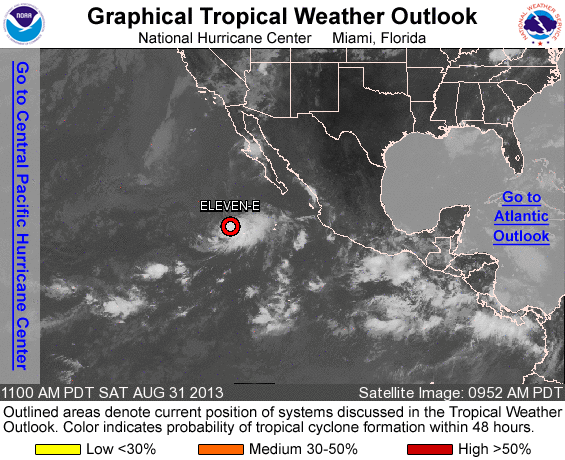
FOR THE EASTERN NORTH PACIFIC...EAST OF 140 DEGREES WEST LONGITUDE..

THE NATIONAL HURRICANE CENTER IS ISSUING ADVISORIES ON TROPICAL DEPRESSION ELEVEN-E...LOCATED SEVERAL HUNDRED MILES WEST-SOUTHWEST OF THE SOUTHERN TIP OF THE BAJA CALIFORNIA PENINSULA.

TROPICAL CYCLONE FORMATION IS NOT EXPECTED WITHIN THE NEXT 48 HOURS.

OTHER SYSTEMS WITH FORMATION POTENTIAL BEYOND 48 HOURS...

AN AREA OF DISTURBED WEATHER IS EXPECTED TO FORM A COUPLE HUNDRED MILES SOUTH OF THE SOUTHERN COAST OF MEXICO IN A FEW DAYS. IT APPEARS THAT CONDITIONS WILL BE CONDUCIVE FOR SOME SLOW DEVELOPMENT OF THIS DISTURBANCE...WHICH IS FORECAST TO MOVE SLOWLY TOWARD THE WEST-NORTHWEST. THIS SYSTEM HAS A LOW CHANCE...NEAR 0 PERCENT...OF BECOMING A TROPICAL CYCLONE DURING THE NEXT 48 HOURS...AND A MEDIUM CHANCE...30 PERCENT...OF BECOMING A TROPICAL CYCLONE DURING THE NEXT 5 DAYS.

&&
PUBLIC ADVISORIES ON TROPICAL DEPRESSION ELEVEN-E ARE ISSUED UNDER WMO HEADER WTPZ31 KNHC AND UNDER AWIPS HEADER MIATCPEP1. FORECAST/ADVISORIES ON ELEVEN-E ARE ISSUED UNDER WMO HEADER WTPZ21 KNHC AND UNDER AWIPS HEADER MIATCMEP1.

FIVE-DAY FORMATION PROBABILITIES ARE EXPERIMENTAL IN 2013. COMMENTS ON THE EXPERIMENTAL FORECASTS CAN BE PROVIDED AT...

HTTP://WWW.NWS.NOAA.GOV/SURVEY/NWS-SURVEY.PHP?CODE=ETWO

FORECASTER LANDSEA